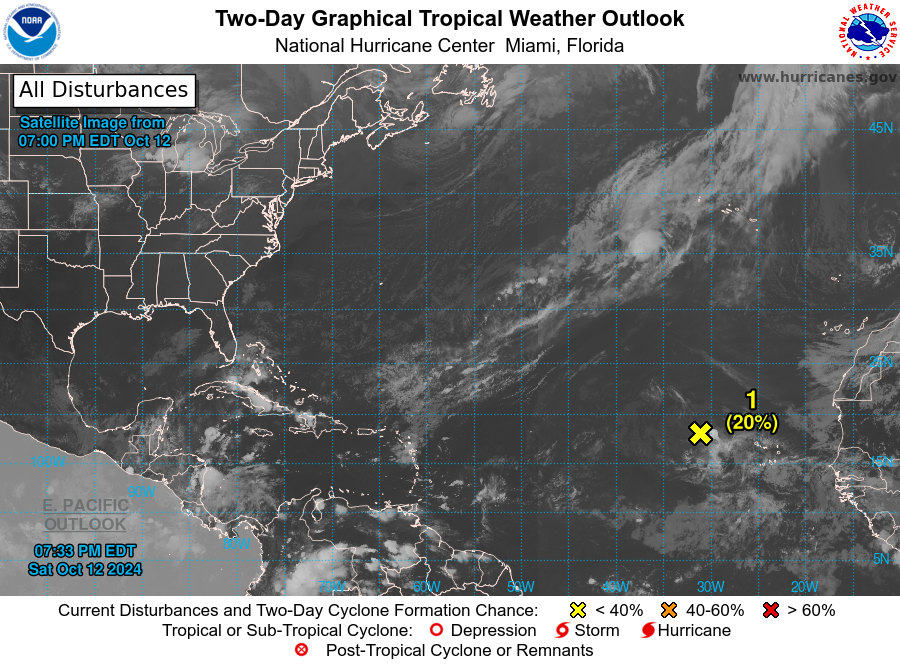
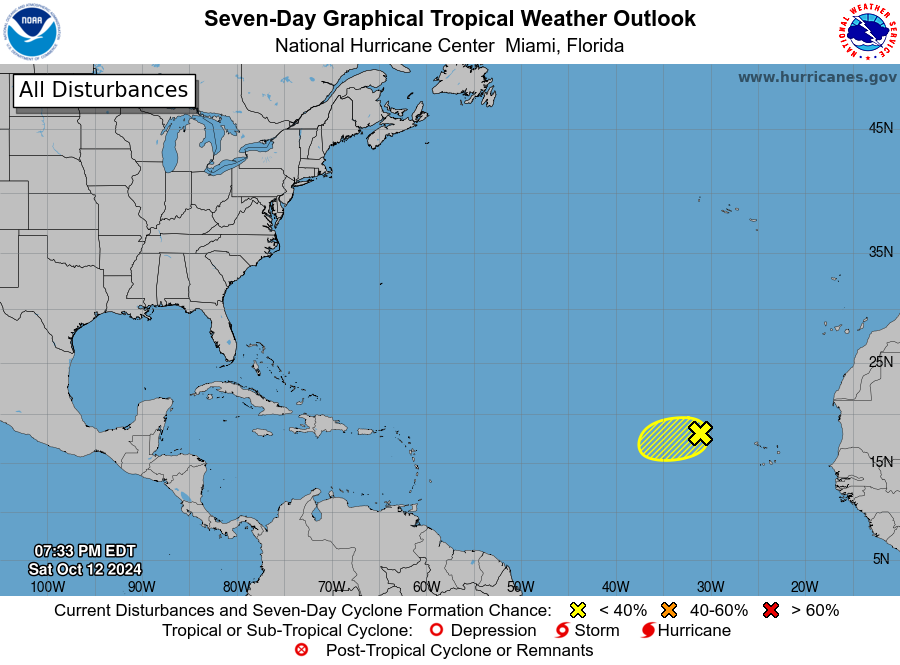
For the North Atlantic...Caribbean Sea and the Gulf of Mexico:

1. Eastern Tropical Atlantic (AL94): Showers and thunderstorms associated with an area of low pressure located a few hundred miles west of the Cabo Verde Islands have diminished during the past 24 hours. The low is moving into an environment that is less conducive for development, and therefore the chance of tropical cyclone formation appears to be decreasing. This system is forecast to move westward or west-southwestward across the eastern and central tropical Atlantic through much of next week.
* Formation chance through 48 hours...low...20 percent.
* Formation chance through 7 days...low...20 percent.

Forecaster Beven